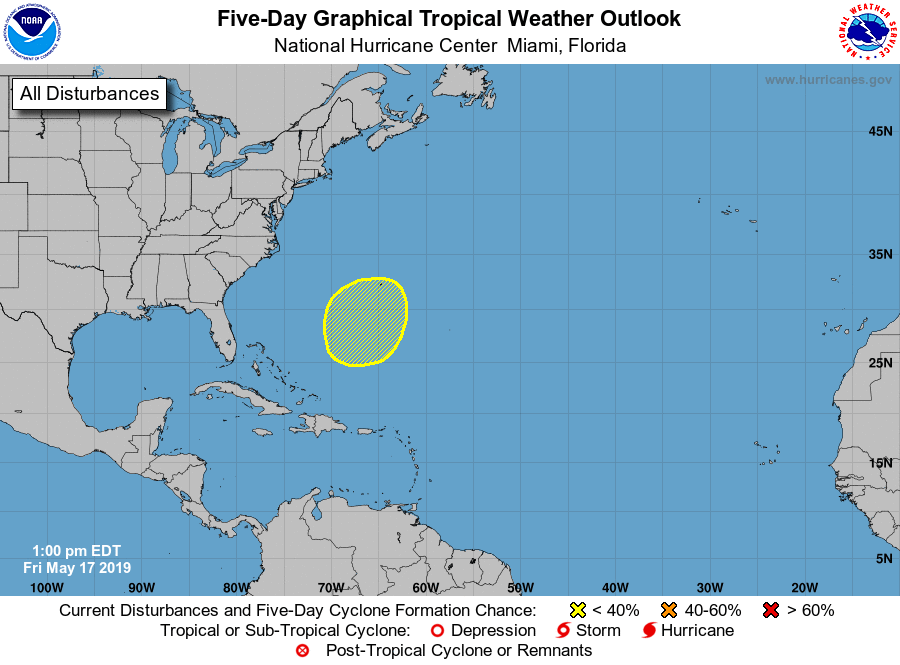
For the North Atlantic...Caribbean Sea and the Gulf of Mexico:

1. An area of low pressure is expected to form several hundred miles south or southwest of Bermuda late this weekend or early next week. Gradual development of this system into a tropical or subtropical cyclone is possible during the early and middle part of next week while it moves northward or northeastward. The next Special Tropical Weather Outlook will be issued by 2 AM EDT Saturday, or sooner if conditions warrant.
* Formation chance through 48 hours...low...near 0 percent.
* Formation chance through 5 days...low...30 percent.

Forecaster Cangialosi